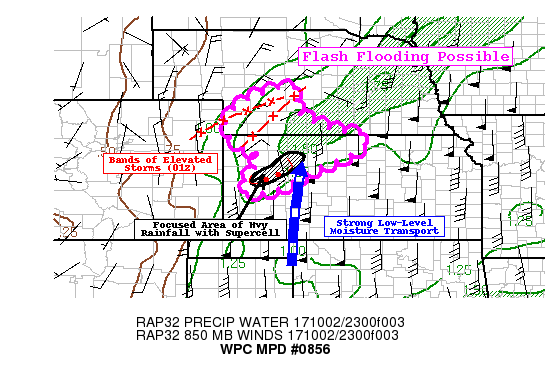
AREAS AFFECTED...SW NEBRASKA...NW KANSAS

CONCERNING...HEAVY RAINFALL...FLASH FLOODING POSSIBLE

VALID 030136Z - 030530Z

SUMMARY...LOCALIZED FLASH FLOODING WILL BE POSSIBLE THROUGH THE
REST OF THE EVENING...PARTICULARLY WITH TRAINING CONVECTION NEAR A
HIGH-PRECIPITATION SUPERCELL IN THE I-70 CORRIDOR OF NW KANSAS.

DISCUSSION...A DOMINANT SUPERCELL CONTINUES ITS PROGRESSION TO THE
NORTHEAST ACROSS KANSAS...AND AS OF 01Z WAS IN NORTHERN GOVE
COUNTY NEAR INTERSTATE 70. KGLD DUAL POL RAIN RATES AND MRMS RAIN
RATES WITH THIS SUPERCELL MAY BE A BIT HAIL CONTAMINATED BUT
AMOUNTS IN EXCESS OF 1 IN/HR STILL SEEM LIKELY. THE STORM
CONTINUES TO PROGRESS EAST NEAR A SURFACE BOUNDARY AND ON THE NOSE
OF AN INTENSIFYING LOW-LEVEL JET. WITH STRONG MOISTURE FLUX INTO
THE AREA AND AMPLE INSTABILITY IN THE INFLOW REGION...THIS MAY
ALLOW THE THREAT OF HEAVY RAINFALL WITH THE STORM TO CONTINUE
PROGRESSING TO THE NORTHEAST. MEANWHILE...NEW UPDRAFTS HAVE
CONTINUED TO FORM ON THE UPSHEAR FLANK OF THE COLD POOL...AND ARE
CREATING A TRAINING EFFECT. THIS MAY INCREASE THE FLASH FLOOD
THREAT TEMPORARILY OVER THE NEXT 1-3 HOURS IN THE
GOVE-SHERIDAN-GRAHAM COUNTY REGION.

ADDITIONAL TRAINING WAS OCCURRING WITH ELEVATED BANDS OF
THUNDERSTORMS THAT HAVE DEVELOPED IN SOUTHWEST NEBRASKA. THESE ARE
A LITTLE TO THE NORTHWEST AND WEST OF THE CORRIDOR OF HIGHEST
PWATS...AND THUS MAY BE A LITTLE LESS EFFICIENT WITH RAINFALL
PRODUCTION. AS THE ELEVATED PORTION OF THE FRONT (925-700MB)
BEGINS TO SHIFT BACK TO THE SOUTHEAST THIS EVENING...HI-RES MODELS
DO SHOW THAT THESE BANDS OF CONVECTION MAY SHIFT BACK INTO
NORTHWEST KANSAS...AND PERHAPS INTO AREAS THAT HAVE ALREADY
RECEIVED RAINFALL. ALTHOUGH THE FLASH FLOOD THREAT MAY BE LOWER IN
THE NORTHWEST PORTION OF THE OUTLINED DISCUSSION AREA AS COMPARED
TO THE AREA NEAR THE SUPERCELL...LOCALIZED FLASH FLOODING CANNOT
BE RULED OUT.